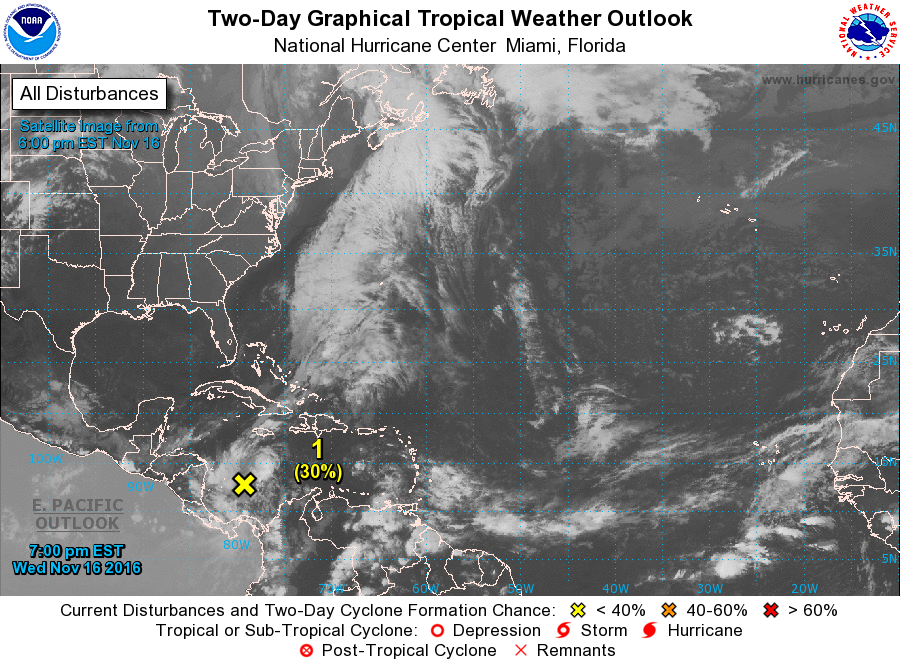
For the North Atlantic...Caribbean Sea and the Gulf of Mexico:

1. Cloudiness and showers over the southwestern Caribbean Sea are associated with a broad low pressure area. This system has changed little in organization since yesterday. However, environmental conditions are expected to be conducive for slow development during the next several days, and a tropical depression is likely to form over the weekend while the low moves slowly and erratically.
* Formation chance through 48 hours...low...30 percent
* Formation chance through 5 days...high...80 percent

Forecaster Pasch